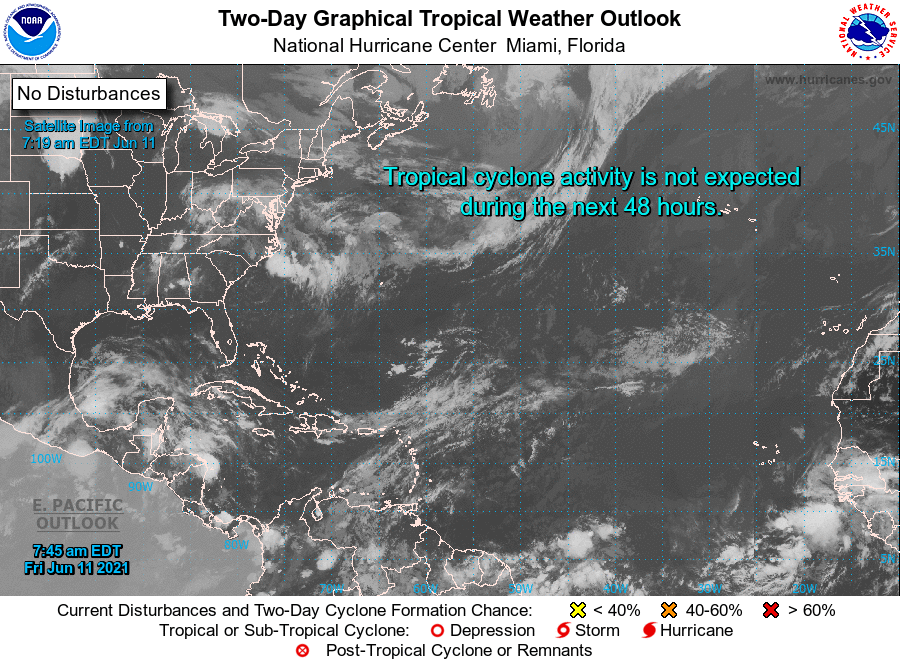
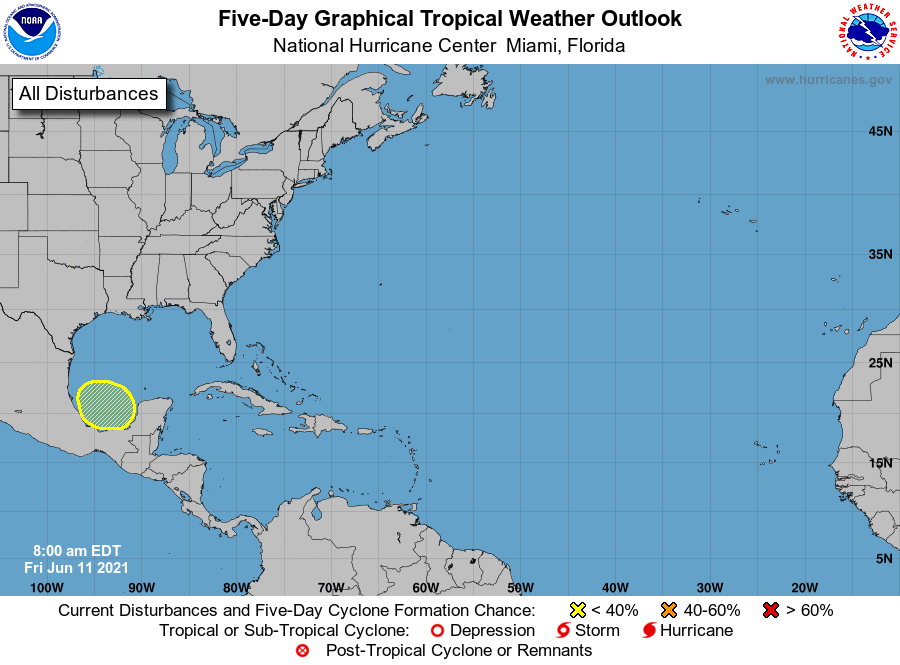
For the North Atlantic...Caribbean Sea and the Gulf of Mexico:

1. A trough of low pressure is expected to form early next week over the Bay of Campeche and the southwestern Gulf of Mexico. Subsequent slow development of this system is possible as it drifts northwestward to northward.
* Formation chance through 48 hours...low...near 0 percent.
* Formation chance through 5 days...low...20 percent.

Forecaster Beven